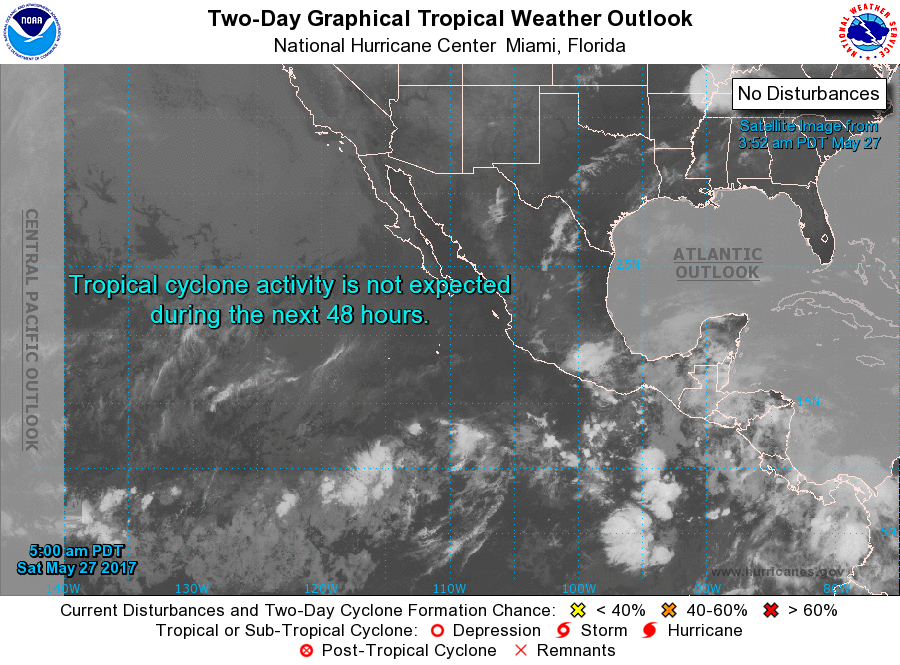
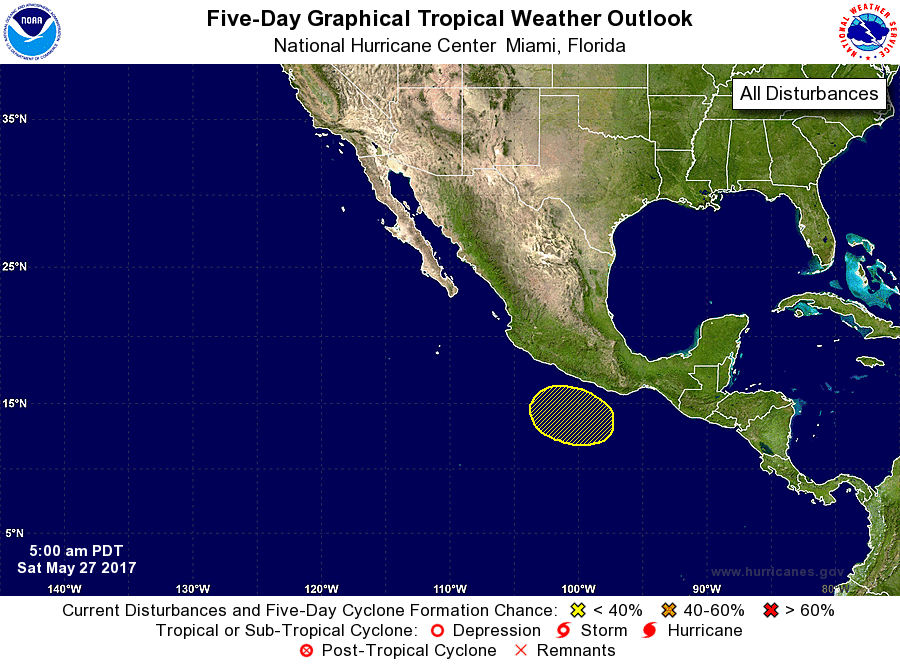
For the eastern North Pacific...east of 140 degrees west longitude:

1. An area of low pressure is likely to form a couple of hundred miles south of the southern coast of Mexico early next week. Conditions appear favorable for some development by the middle of the week while this system moves slowly to the south of the Mexican coast.
* Formation chance through 48 hours...low...near 0 percent.
* Formation chance through 5 days...low...20 percent.

Forecaster Berg